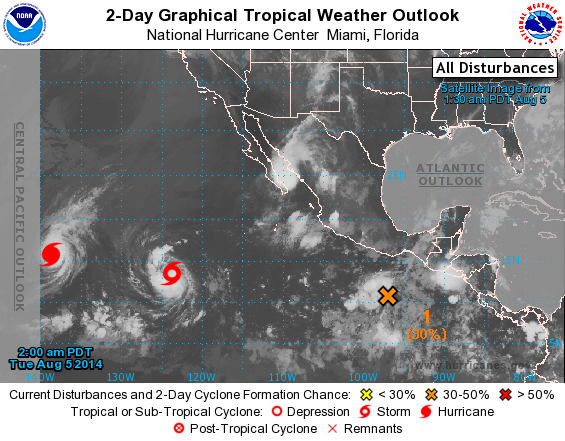
For the eastern North Pacific...east of 140 degrees west longitude:

The National Hurricane Center is issuing advisories on Hurricane Iselle, located more than a thousand miles east of the Hawaiian Islands, and on Tropical Storm Julio, located more than a thousand miles southwest of the southern tip of the Baja California peninsula.

1. A small low pressure system is located several hundred miles south-southeast of Acapulco, Mexico. Shower and thunderstorm activity has increased and become more concentrated near the center of circulation during the past several hours, and upper-level winds are expected to gradually improve over the next few days while the system moves west-northwestward at 10 to 15 mph.
* Formation chance through 48 hours...medium...30 percent.
* Formation chance through 5 days...medium...30 percent.

Forecaster Stewart